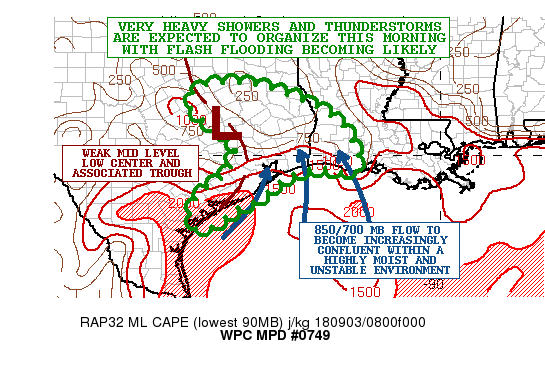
Areas affected...Southeast TX...Southwest LA

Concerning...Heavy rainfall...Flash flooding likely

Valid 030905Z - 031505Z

Summary...Bands of showers and thunderstorms are expected to
organize over the next several hours with extremely heavy rainfall
rates. Flash flooding will become likely with particular focus on
the urbanized corridor from Beaumont/Port Arthur down to the
Houston/Galveston area.

Discussion...The latest GOES-16 WV/IR satellite imagery along with
local VWP data suggests a weak closed mid level low center over
southeast TX that is centered northwest of Houston. The 00Z hires
model suite, including numerous runs of the HRRR throughout the
night, have been emphatic on developing organized convection
around the southeastern flank of the system as it drifts northwest
and inland across southeast TX. So far, the system has been
struggling to do this overnight as it has only intermittently
produced a few showers and thunderstorms.

However, the expectation is that this will change going through
the morning hours, and especially after 12Z, as the flow in the
850/700 mb layer is expected to become more confluent and in a
position to become better aligned with convergent boundary flow
associated with a surface trough along the coast. This will allow
for a much better connection to offshore instability which will be
pooling along the middle and upper TX coastline. Meanwhile, the
flow aloft is expected to quite diffluent given the upper level
anti-cyclone over the region. The juxtaposition of all of this
around the southeast flank of the mid level low center should
allow for the development of some organized southwest/northeast or
south/north oriented bands of very heavy showers and thunderstorms
with extremely high rainfall rates along the middle and upper TX
coast and including adjacent areas of southwest LA. Some focused
bands will also be possible closer in to the stronger mid level
vorticity center farther inland.

PWATS across the region are very high and up near 2.5 inches. This
environment is conducive to extremely efficient warm rain
processes that will favor rainfall rates as high as 3 to 4
inches/hr within the more organized convective bands. The concern
through especially the mid to late morning hours will be for these
bands to potentially train over the same area and settle in close
or over some of the more urbanized environments, including
Beaumont/Port Arthur on down to the Houston/Galveston area. Even
areas farther south down the coast toward Palacios will be
potentially at risk of seeing organized banded convection with
extremely heavy rainfall potential.

Based on the environment and rainfall output from the latest CAM
guidance, expect the potential for locally as much as 4 to 8
inches of rain through 15Z. These amounts will cause flash
flooding and especially over any of the aforementioned urbanized
areas which will include adjacent suburbia. This situation will
need to be monitored very closely through the morning hours.